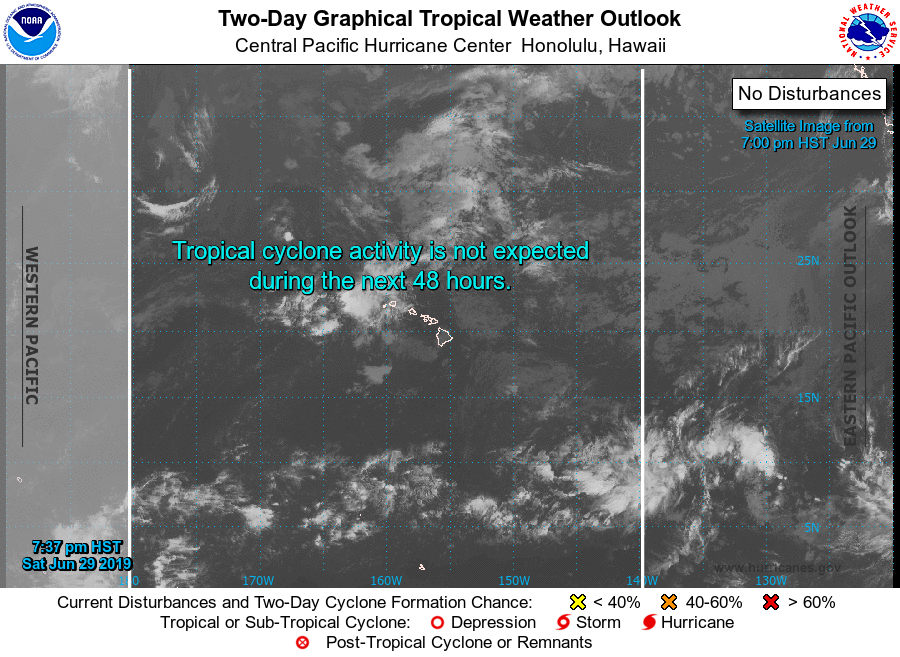
For the central North Pacific...between 140W and 180W:

No tropical cyclones are expected during the next 5 days.

Forecaster Jelsema